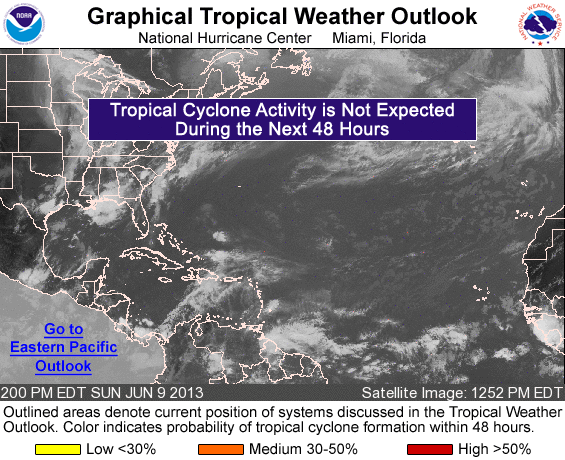
FOR THE NORTH ATLANTIC...CARIBBEAN SEA AND THE GULF OF MEXICO...

TROPICAL CYCLONE FORMATION IS NOT EXPECTED DURING THE NEXT 48 HOURS.

FORECASTER BRENNAN